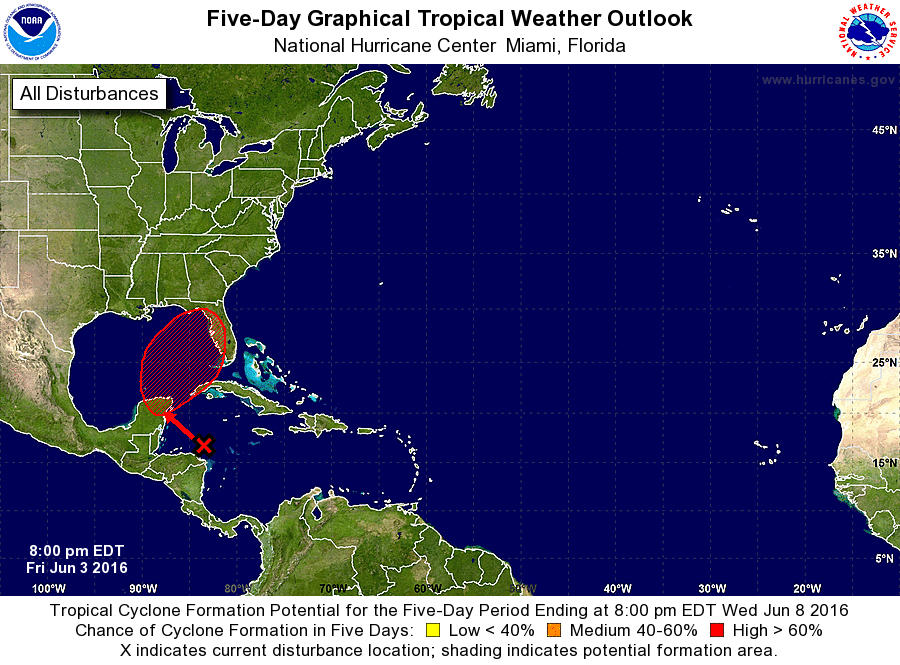
For the North Atlantic...Caribbean Sea and the Gulf of Mexico:

The National Hurricane Center is issuing advisories on Tropical Storm Bonnie, located about 300 miles east of Cape Hatteras, North Carolina.

1. A large area of disorganized showers and thunderstorms continues over the western Caribbean Sea. This system is moving west-northwestward toward the Yucatan Peninsula of Mexico, and a low pressure area is expected to form over the Yucatan or the adjacent waters over the weekend. This low is likely to develop into a tropical cyclone as it subsequently moves across the eastern Gulf of Mexico and the Florida Peninsula early next week. Regardless of development, locally heavy rains and flooding are possible over portions of the Yucatan Peninsula, western Cuba and the Florida Peninsula during the next several days.
* Formation chance through 48 hours...low...30 percent
* Formation chance through 5 days...high...70 percent

Forecaster Pasch